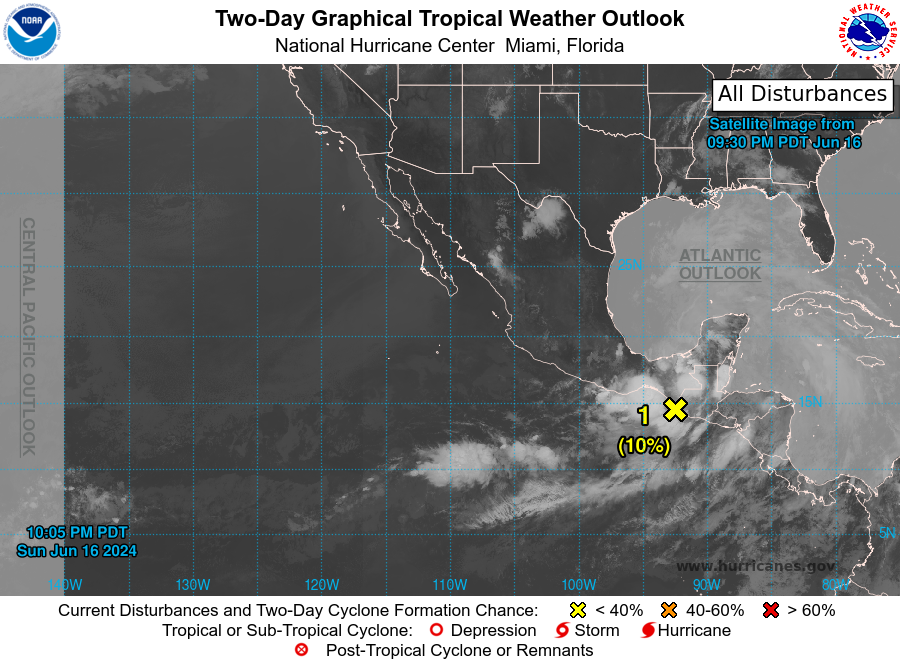
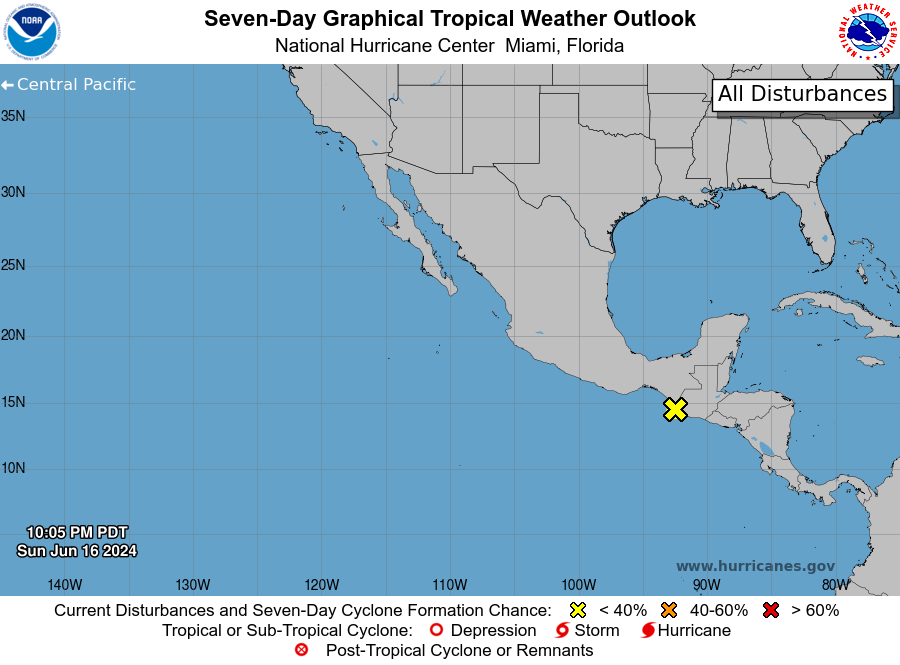
For the eastern North Pacific...east of 140 degrees west longitude:

1. Offshore Central America (EP90): An area of low pressure located near the Pacific coast of southeastern Mexico continues to produce disorganized showers and thunderstorms along the coast of Central America, southeastern Mexico, and the adjacent Pacific waters. This system is expected to move inland overnight and the chance of significant development is decreasing. Regardless of development, heavy rainfall is forecast to continue across portions of southern Mexico and Central America during the next several days. These rains are likely to cause life-threatening flooding and flash flooding.
* Formation chance through 48 hours...low...10 percent.
* Formation chance through 7 days...low...10 percent.

Forecaster Brown